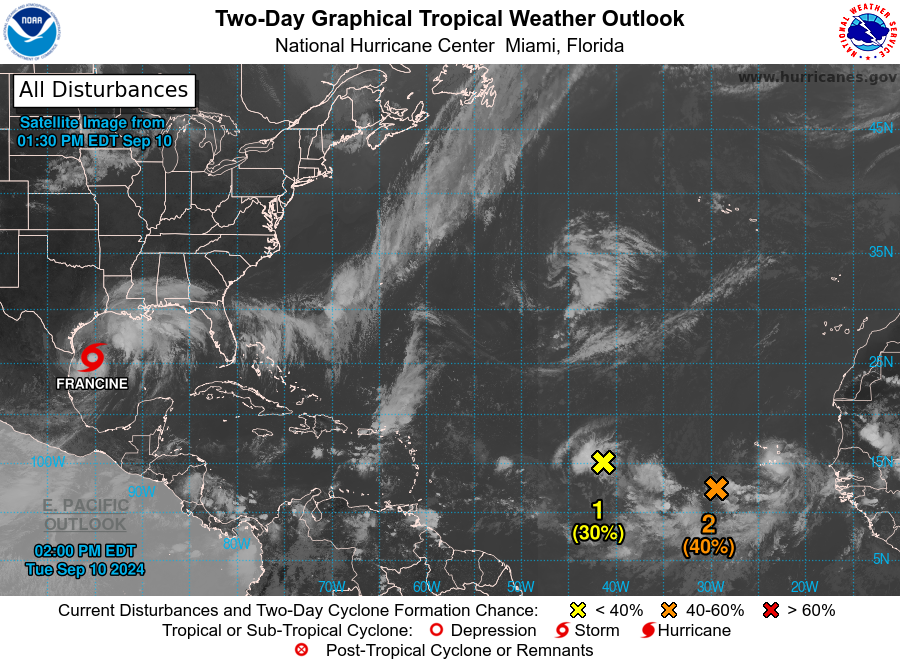
For the North Atlantic...Caribbean Sea and the Gulf of Mexico:

Active Systems: The National Hurricane Center is issuing advisories on Tropical Storm Francine, located in the western Gulf of Mexico offshore of northeastern Mexico.

1. Central Tropical Atlantic (AL92): An elongated area of low pressure located over the central tropical Atlantic continues to produce some disorganized shower and thunderstorm activity. Environmental conditions appear only marginally conducive for some slight development during the next couple of days, but a tropical depression could still form during that time while the system moves westward at 5 to 10 mph over the central tropical Atlantic.
* Formation chance through 48 hours...low...30 percent.
* Formation chance through 7 days...low...30 percent.

2. Eastern and Central Tropical Atlantic: A trough of low pressure over the eastern tropical Atlantic is producing a large but disorganized area of showers and thunderstorms from near the Cabo Verde Islands extending southwestward for several hundred miles. Environmental conditions appear favorable for gradual development of this system, and a tropical depression will likely form during the latter part of this week while the system moves west-northwestward at 10 to 15 mph.
* Formation chance through 48 hours...medium...40 percent.
* Formation chance through 7 days...high...80 percent.

Forecaster Gallina/Blake